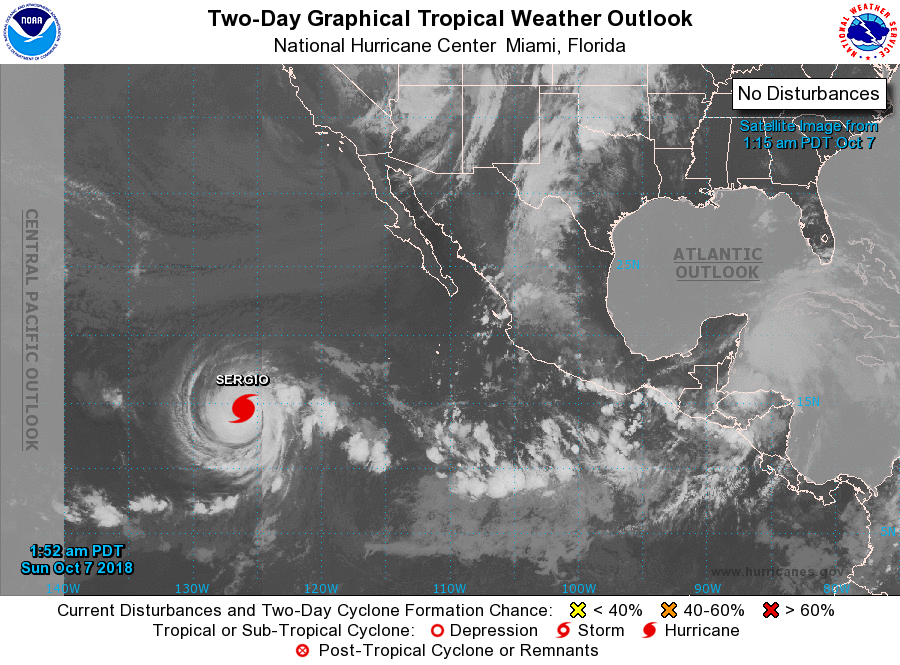
For the eastern North Pacific...east of 140 degrees west longitude:

The National Hurricane Center is issuing advisories on Hurricane Sergio, located about 1200 miles west-southwest of the southern tip of the Baja California peninsula.

Tropical cyclone formation is not expected during the next 5 days.

Forecaster Cangialosi